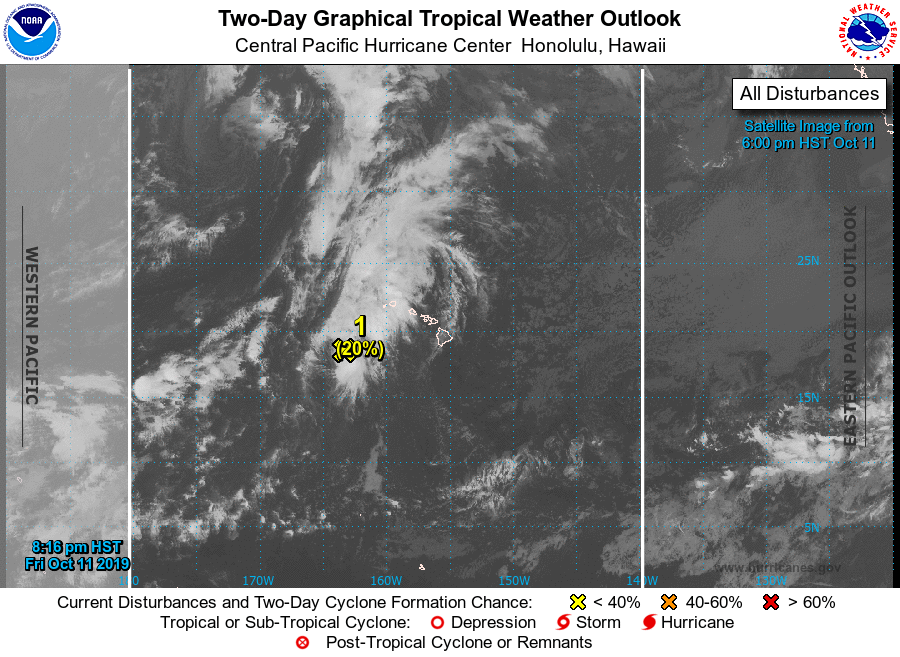
For the central North Pacific...between 140W and 180W:

An area of low pressure is located around 300 miles southwest of Lihue, Kauai. Some subsequent development of this system is possible while it moves northwestward over the next 48 hours. After 48 hours, environmental conditions is expected to become unfavorable for development.

1.
* Formation chance through 48 hours...low...20 percent
* Formation chance through 5 days...low...20 percent

Elsewhere, no tropical cyclones are expected during the next 5 days.

Forecaster Kino